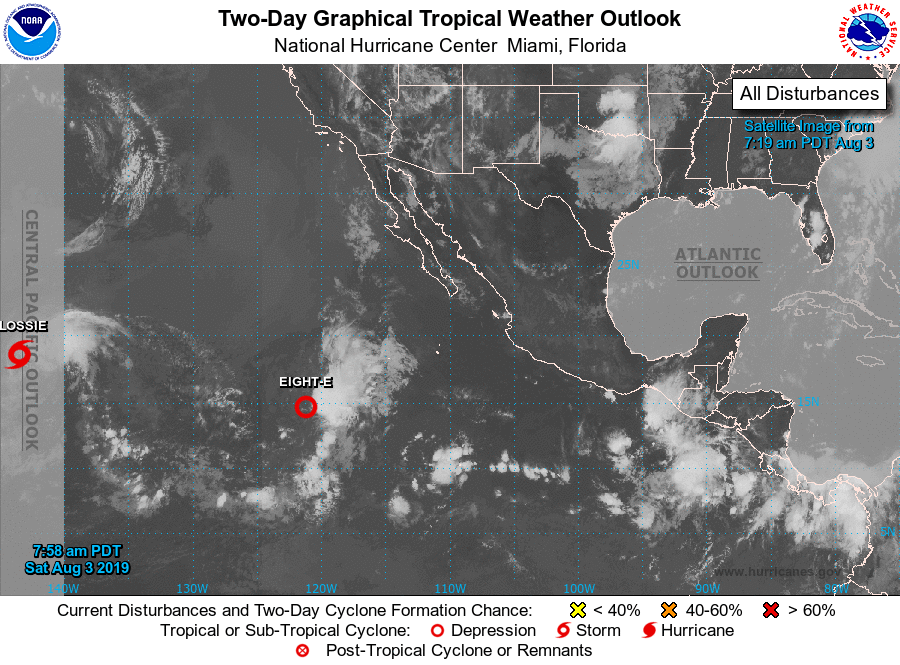
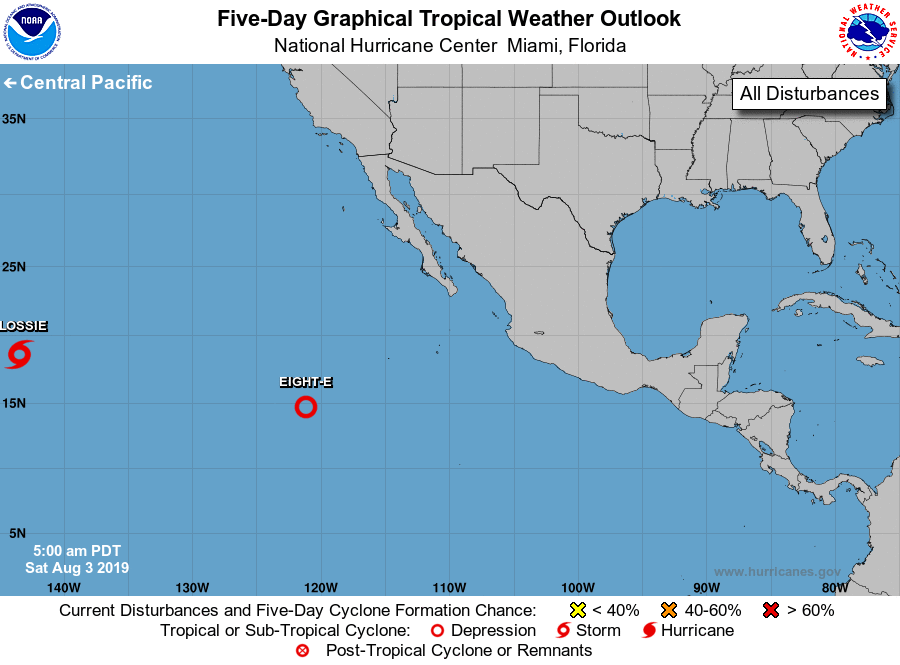
For the eastern North Pacific...east of 140 degrees west longitude:

1. Showers and thunderstorms associated with a broad area of low pressure located about 900 miles southwest of the southern tip of the Baja California peninsula have become more concentrated during the past several hours. However, recent satellite wind data indicate that the system does not have a well-defined circulation. Some additional development of this system is possible today before upper-level winds become unfavorable. This system is expected to move generally westward during the next few days.
* Formation chance through 48 hours...medium...40 percent.
* Formation chance through 5 days...medium...40 percent.

Forecaster Beven